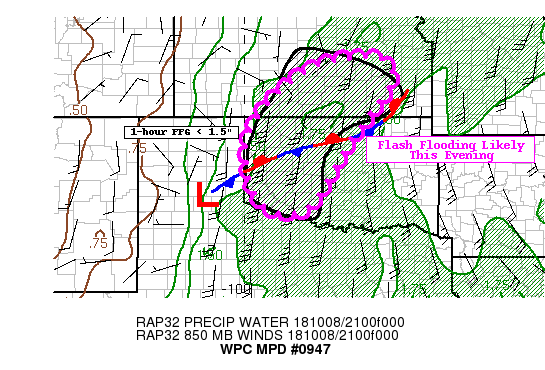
Areas affected...Central OK...Southern KS

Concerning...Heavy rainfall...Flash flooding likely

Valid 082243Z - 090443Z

Summary...Several lines of thunderstorms producing heavy rainfall
converging over areas with very wet antecedent conditions will
likely lead to localized flash flooding this evening.

Discussion...A recent surface analysis showed a stationary
boundary across portions of north central Oklahoma into southern
Kansas late this afternoon. Showers and thunderstorms, continuing
on and off for much of today, have increased in the last hour per
GOES-East IR imagery cloud tops and KVNX/KICT radar returns.

The area lies within a broad area of upper level divergence thanks
to an anomalous upper level low over the Four Corners region. A
couple shortwaves were lifting through, helping to enhance the
upper level lift. In the low to mid levels, there is considerable
moist and unstable air converging on the surface boundary, evident
by MUCAPE ranging from 500 J/kg in southern KS to around 2000
across central OK, all within a corridor 1.6-1.7" PWATS per latest
GPS TPW.

Convection currently going on will drift northward through the
evening hours. With some north-south oriented bands and the
unidirectional flow in the low/mid levels, some training and
repeating rounds of thunderstorms will be likely.

Hi-res models are keying on central OK and southern KS for heavy
rainfall this evening, where HREF probs of exceeding 1" in 1 hour
are highest. Hourly rain totals of 1 to locally 2" will be
possible in the strongest thunderstorm cores with some total
amounts 3-4" possible. And given the wet antecedent conditions in
place (1-hr FFG less than 1" in southern KS, less than 1.5" in
portions of OK), flash flooding will be likely this evening.